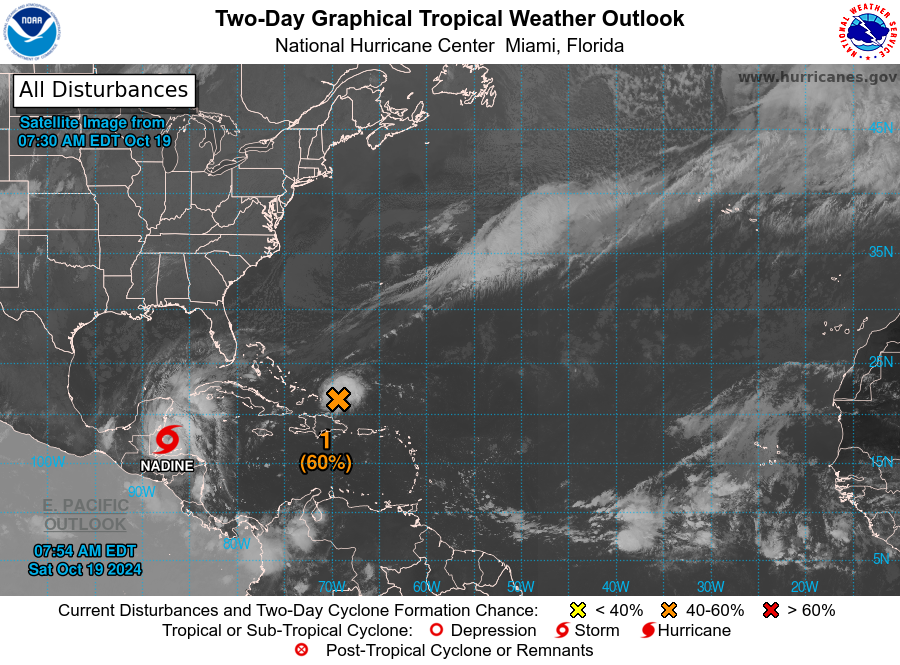
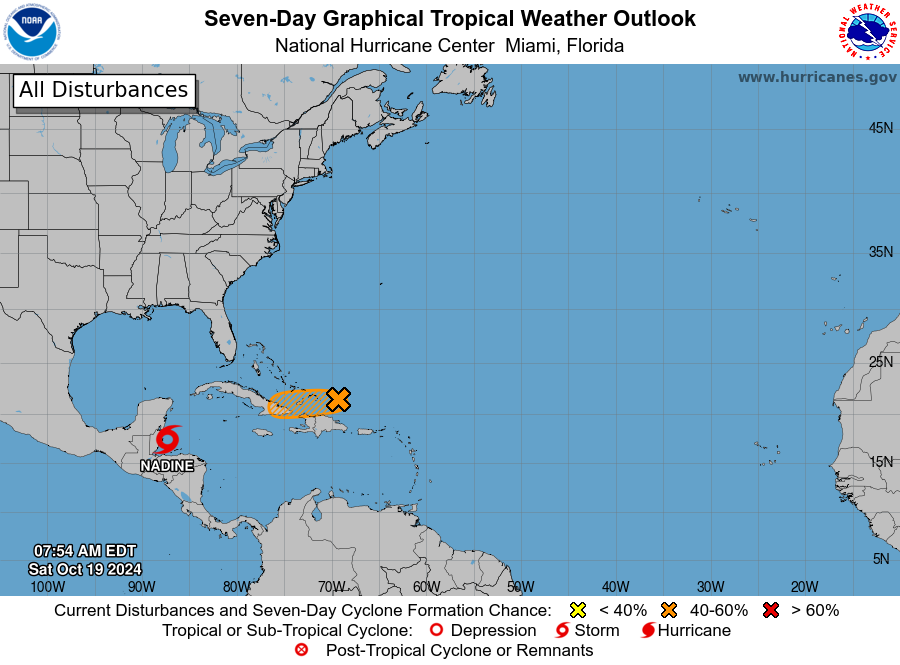
For the North Atlantic...Caribbean Sea and the Gulf of Mexico:

Active Systems: The National Hurricane Center is issuing advisories on Tropical Storm Nadine, located just off the coast of Belize over the northwestern Caribbean Sea.

1. Near the Southeastern Bahamas (AL94): Showers and thunderstorms are becoming better organized with a small area of low pressure located less than a couple hundred miles north of the northern coast of the Dominican Republic. In addition, recently received passive microwave imagery also suggests that a well-defined surface circulation could be developing. If these trends continue, a tropical depression or storm could form as soon as later today as the system moves generally westward at 10 to 15 mph. On this track, the system should pass north of Hispaniola today, and move near the Turks and Caicos Islands, the southeastern Bahamas, and extreme eastern Cuba on Sunday. Interests in these locations should monitor the progress of this system.
* Formation chance through 48 hours...medium...60 percent.
* Formation chance through 7 days...medium...60 percent.

Public Advisories on Tropical Storm Nadine are issued under WMO header WTNT35 KNHC and under AWIPS header MIATCPAT5. Forecast/Advisories on Tropical Storm Nadine are issued under WMO header WTNT25 KNHC and under AWIPS header MIATCMAT5.

Forecaster Papin